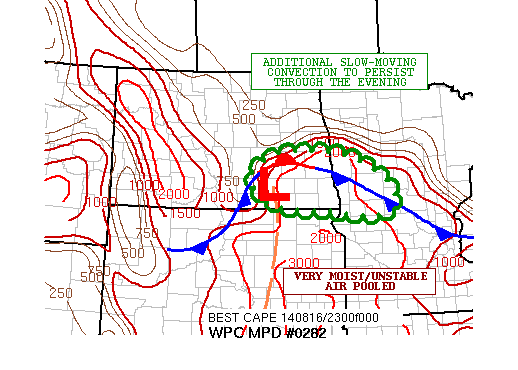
AREAS AFFECTED...SOUTHEAST ND...EXTREME WEST-CENTRAL MN

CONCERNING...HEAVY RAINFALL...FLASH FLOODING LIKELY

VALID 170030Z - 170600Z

SUMMARY...VERY SLOW-MOVING SHOWERS AND THUNDERSTORMS CONTINUE
ACROSS SOUTHEAST ND AND WILL PERSIST THROUGH THE EVENING HOURS.
ADDITIONAL FLASH FLOODING WILL BE LIKELY.

DISCUSSION...A WELL-DEFINED SURFACE LOW CENTER AND ACCOMPANYING
MID LVL VORT CENTER OVER S CNTRL ND IS EXPECTED GRADUALLY WEAKEN
OVERNIGHT...ALTHOUGH IT WILL CONTINUE TO INTERACT WITH A RATHER
MOIST/UNSTABLE BNDRY LYR OVER SERN ND AND PORTIONS OF NERN SD AND
W CNTRL MN.

THE LATEST GOES-SOUNDER AND GPS DATA INDICATE A POOL OF 1.75 INCH
PWATS OVER THIS AREA...AND THIS IS HELPING TO CONTRIBUTE TO
PERSISTENTLY HVY RAINFALL RATES WHERE COLD-TOPPED CONVECTION HAS
CONTINUED TO DEVELOP AND REPEAT OVER OR NEAR THE SAME AREAS.

THE 22Z HRRR AND TO LESSER EXTENTS THE 12Z ARW AND 12Z NMMB SHOW
SIGNALS FOR CONCENTRATED BUT SIGNIFICANT RAINFALL BETWEEN 00Z AND
06Z OVER ESP SERN ND AS CONVECTION REMAINS ORGANIZED IN LIEU OF A
COMPACT BUT STRONG VORT CENTER AT LEAST FOR THE TIME BEING. EVEN
THE 12Z GEM-REGIONAL WHICH IS TOO FAR NORTH WITH ITS CONVECTIVE
MAX...INDICATES A SIGNAL FOR VERY HVY AMTS. BY LATER IN THE
EVENING AND ESP PAST 06Z...THE VORT ENERGY SHOULD BEGIN TO WEAKEN
AND THE CONVECTION SHOULD TEND TO BECOME LESS ORGANIZED BY THAT
TIME.

GIVEN INTENSE RAINFALL RATES UP TO 2 INCHES/HR AND THE
SLOW-MOVEMENT...ADDITIONAL FLASH FLOODING IS EXPECTED THROUGH THE
EVENING HOURS WITH POTENTIAL FOR SEVERAL MORE INCHES OF RAIN
LEADING UP TO MIDNIGHT. WILL CONTINUE TO MONITOR.